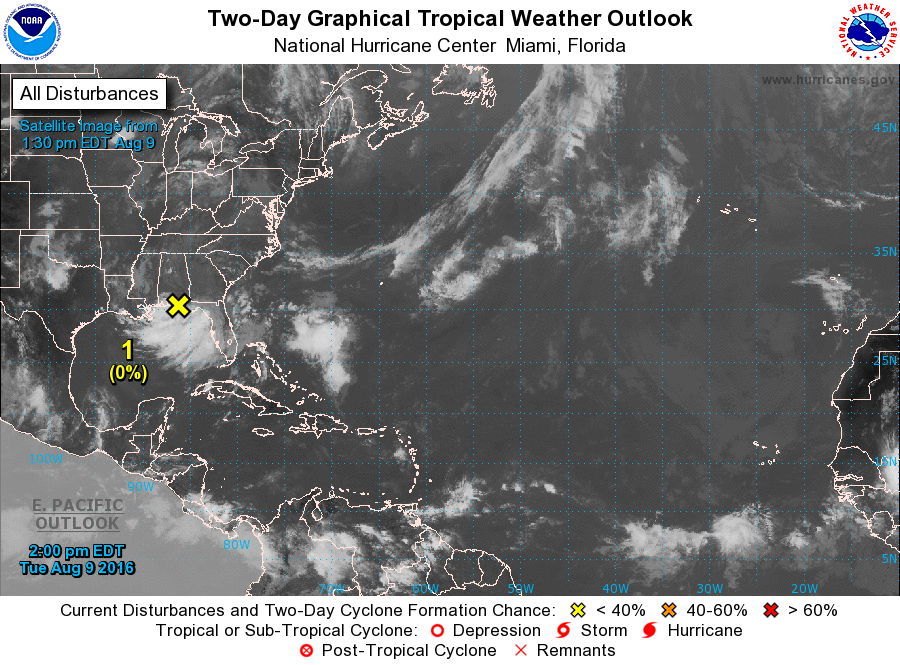
For the North Atlantic...Caribbean Sea and the Gulf of Mexico:

1. Cloudiness, showers and thunderstorms over the northeastern Gulf of Mexico are associated with a broad area of low pressure near the Florida panhandle. This system is forecast to move over land and development is not expected.
* Formation chance through 48 hours...low...near 0 percent
* Formation chance through 5 days...low...near 0 percent

Forecaster Roth/Burke/Pasch